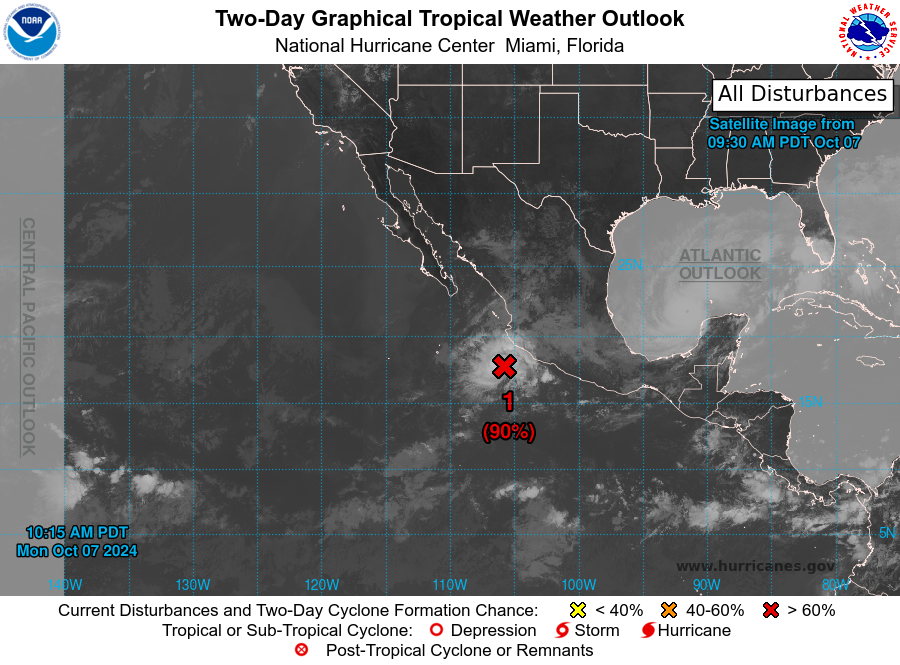
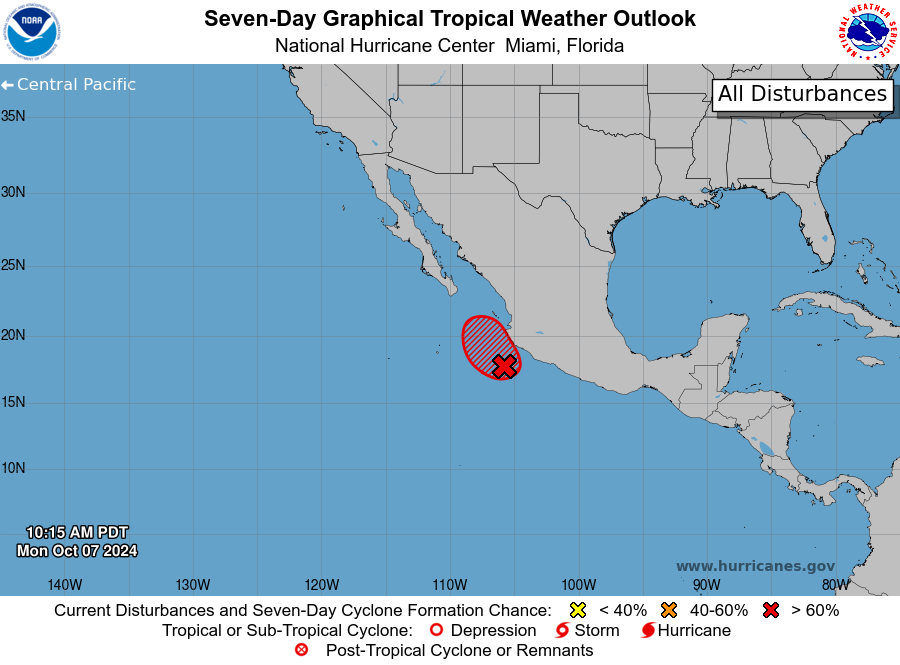
For the eastern North Pacific...east of 140 degrees west longitude:

1. Offshore of Southwestern Mexico (EP99): Showers and thunderstorms associated with an area of low pressure located less than 150 miles southwest of Manzanillo, Mexico have continued to become better organized today. Environmental conditions appear favorable for some additional development, and a tropical depression is likely to form later today or tonight while the system moves slowly northwestward, roughly parallel to the coast of Mexico. Interests along the southwestern coast of Mexico should monitor the progress of this system. Regardless of development, the disturbance could bring areas of heavy rain to portions of southwestern Mexico during the next few days.
* Formation chance through 48 hours...high...90 percent.
* Formation chance through 7 days...high...90 percent.

Forecaster Hagen